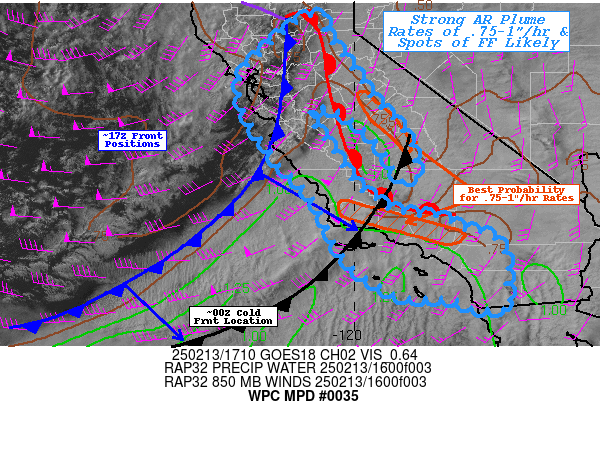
Areas affected...Coastal Central and Southern
California...Foothills of Sierra Nevada...

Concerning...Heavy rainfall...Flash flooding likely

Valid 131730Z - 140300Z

SUMMARY...Strong Cyclone and atypically broad Atmospheric River
will have potential for .75"/hr rates and localized totals of 3-5"
in favored orographic ascent. Flash flooding is likely, especially
in lower FFG of Southern California.  Significant flash flooding
may be possible in/near fresh burn scars.

DISCUSSION...GOES-W WV suite depicts a broad, fairly symmetric
closed low just off the NW coast of California continuing to bowl
ESE likely crossing the coastline much later tonight.  This low is
atypically deep with the 90th to 95th percentile, but in
combination with fairly cold/stronger ridging downstream has
resulted in an atypically broad subtropical moisture plume with
1.25-1.5" total PWat values along upstream along/ahead of the
height-falls and associated cold front.  GOES-W Vis/IR suite
denotes a stark cloud line with slightly anafrontal to the
southeastward cold front and moisture surge.   Within the thick
stratus plume, 850-700mb flow is in the 50-65kt range and is
currently orthogonal to the Santa Lucia and Diablo Ranges,
presenting strong IVT/orographic convergence along the range.

...Central California/Sierra Nevada Foothills...
The IVT values are 4-5 standard anomaly units above seasonal
average and range about 700-900 kg/m/s.  Rates have been slowly
increasing, with 3hr totals reaching 1-1.25" but will likely
increase with an additional .5-.75"/hr for maybe 1-2 hours as the
plume shifts southeastward.  Totals already have reached 3-4" in
the Santa Cruz and northern Santa Lucia resulting in rapid stream
rises and some localized reports of flash flooding.  The
additional 2-3" over the next few hours will likely result in
spots of 4-6" totals and continue the flash flooding risk.

Additionally, the plume has saturated the sub-cloud environment in
the San Joaquin Valley to allow for rain to reach the ground as
the core of the plume presses onshore.  The warm front will press
through to the foothills and help to increased the depth of
orographic ascent resulting in spots of .75-1"/hr rates before
becoming very heavy snow at or above 7000Kft.  This will decrease
with the passage of the plume/cold front and the flux will reduce
accordingly resulting in  scattered shallow convective cells and
bands may aggravate the area given those steepening lapse rates,
which may have intense but brief cores of heavy rainfall/small
hail/graupel.

...Southern California...
Unlike further north, there is precedent moist airmass in place
across the California Bight/Channel Islands, surface to 700mb
values are above normal and total PWats are in the 1-1.25" range.
Currently, the warm front has progressed through the highest
terrain of the Transverse Range and winds are veering slightly
while increasing.  This will allow for short-term increase in
orographic ascent across the Transverse (particularly east) and
Peninsular Ranges prior the main core of the AR/cold front later
this evening.  Rates of .25-.33"/hr will increase as winds slowly
uptick from 15-20 to 30kts by 00z below 7500 Kft across the
ranges.  Spots of 1-1.5" are probable to pre-soak the windward
facing topography.

A few hours prior to 00z, the cold front and AR will round Cape
Conception and winds will have solid veered profile with depth
with 40-50kts of 850-700mb flow fairly orthogonal to the range.  A
few hi-Res CAMs suggest 100-250 J/kg may be present from slightly
higher theta-E air in place allowing for a subtle but important
uptick in vertical development that should result in .75"/hr rates
with spotty potential of 1"/hr.  The growing concern here, is
while the plume is less orthogonal to the terrain the breadth of
the AR will allow for increased duration of exposure to the higher
flux.   As such, below freezing levels, spots of 3-4" are probable
across the western Transverse Range by 03z and likely to be
similar toward the eastern and Peninsular Ranges thereafter.  It
is not out of the realm of possibility that spots of 5" are
possible and heavy rainfall will extend to the coast with .5"/hr
rates and totals over 1-1.5" resulting likely flash flooding
conditions through the evening even for urban locations.

This is of particular concern given recent burn scars are going to
be less tolerable to any rates over .50"/hr let alone any
potential crossings of .75-1"/hr.   It is too early to be certain
about any particular canyon/scar, but given hourly rates and
overall totals there is a sizable possibility for significant
flash flooding/debris flows in or near these scars and avoidance
of this prone areas is strongly advised.  Please keep close
attention to local statements/warnings from WFO Los Angeles, state
and local emergency managers.  It is possible a subsequent
targeted MPD may be required to address ongoing rainfall trends.